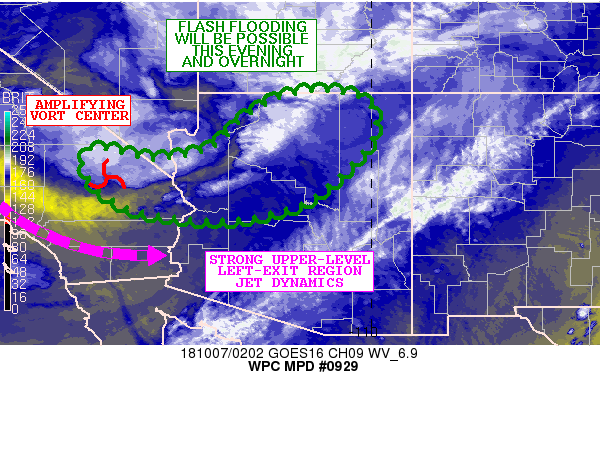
Areas affected...Eastern CA...Far Southern NV...Central/Northern
AZ

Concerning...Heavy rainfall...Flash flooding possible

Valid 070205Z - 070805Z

Summary...Areas of heavy showers and a few thunderstorms will
continue this evening and into the overnight hours. Some concerns
for flash flooding will persist as a result.

Discussion...The latest WV satellite imagery shows a strong trough
amplifying down across the Great Basin and into the Southwest U.S.
which is fostering an an area of locally heavy showers and
thunderstorms across areas of eastern CA, far southern NV and into
northern AZ.

PWATs across the region are quite modest with values of 0.50 to
0.75 of an inch, and instability profiles are weak with as much as
500 j/kg of MUCAPE. However, the nose of a 110+kt 250mb jet is
advancing southeast across southern CA and will be aiming into
western AZ overnight which will drive strong left-exit region jet
dynamics over much of the Southwest tonight. In fact, there is
already a strong mid to upper-level vort center moving across San
Bernardino County, CA where there is some locally concentrated
convection. The strong dynamics associated with the amplifying
trough will compensate for the relative lack of moisture and
instability and will continue to drive a threat for locally heavy
rainfall through the evening and into the overnight hours.

The latest hires model consensus, including recent runs of the
HRRR, gradually tend to focus the heaviest rainfall over central
and northern AZ, and including the Mogollon Rim. The
aforementioned large scale forcing/ascent over the region coupled
with orographics will likely yield as much as 1 to 2 inches of
rain with locally heavier amounts over the higher terrain. This
will maintain a threat for flash flooding going into the overnight
hours.